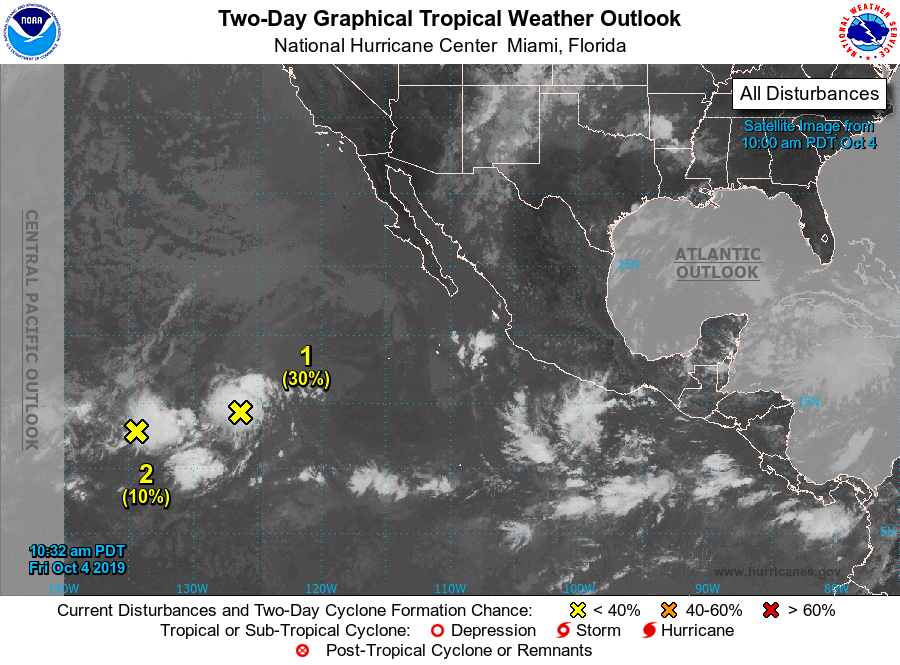
For the eastern North Pacific...east of 140 degrees west longitude:

1. Showers and thunderstorms have become a little more organized and persistent during the morning near a low pressure system located about 1200 miles west-southwest of the southern tip of the Baja California peninsula. Some additional development of this system is possible over the next day or two before it interacts with, and possibly merges with, another disturbance to its west. The low is expected to move northwestward at about 10 mph during the next couple of days.
* Formation chance through 48 hours...low...30 percent.
* Formation chance through 5 days...low...30 percent.

2. Another low pressure system located just west of the disturbance mentioned above, about 1700 miles west-southwest of the southern tip of the Baja California peninsula, is producing disorganized shower and thunderstorm activity. Development of this system is not likely before it interacts or merges with the larger disturbance located to its east during the next couple of days.
* Formation chance through 48 hours...low...10 percent.
* Formation chance through 5 days...low...10 percent.

Forecaster Berg